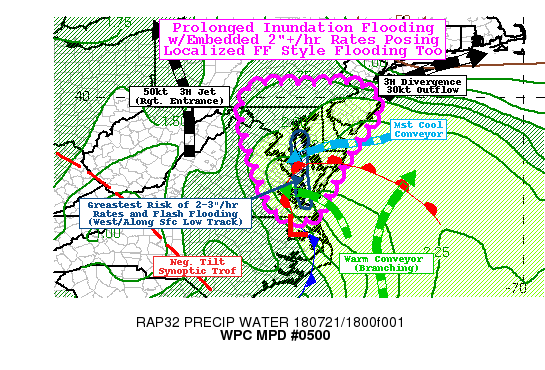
AREAS AFFECTED...EASTERN VA...CENTRAL MD...SOUTHEAST PA...SOUTHERN
NJ...DELMARVA PENINSULA...

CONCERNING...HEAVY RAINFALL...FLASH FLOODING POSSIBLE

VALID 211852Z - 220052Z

SUMMARY...PROLONGED MODERATE RAINS WITH OCCASIONAL EMBEDDED
CONVECTIVE ELEMENTS OVER 2"/HR POSE LIKELY INUNDATION FLOODING
WITH POSSIBLE LOCALIZED FLASH FLOODING ESPECIALLY NEAR SURFACE LOW
TRACK...

DISCUSSION...VERY DYNAMIC SYNOPTIC SETUP EVOLVING ACROSS THE
MID-ATLANTIC THIS AFTERNOON INTO EVENING HOURS.  A SHORTWAVE WITH
TROPICAL ORIGINS OUT OF THE EASTERN GULF OF MEXICO IS DRAWING A
STRONG WARM CONVEYOR BELT ALONG THE COASTAL CAROLINAS AND OFF
SHORE WITH TPWS OVER 2.25" NEARING 2.5" NEAR THE MOUTH OF THE
CHESAPEAKE BAY.  THIS SHORTWAVE IS NICELY ORIENTED IN THE SYNOPTIC
TROF THAT IS GOING NEGATIVE TILT AS THE 80KT 3H JET ROUNDS THE
BASE OF THE TROF ACROSS N GA WITH BROAD DIFFLUENCE ALOFT ACROSS
THE REGION.  AS SUCH 18Z SFC ANALYSIS DEPICTS A 1004MB LOW OVER NE
NC WHICH HAS DROPPED 3MB IN THE LAST 3 HOURS AND IS LIKELY TO
CONTINUE.  GIVEN THE CONFIGURATION A NARROW WEDGE BAROCLINIC
SHIELD EXISTS ACROSS SE PA TO THE NECKS OF VA WITH STRONG
LLJ/WESTERN BRANCH OF THE WARM CONVEYOR PROVIDING STRONG
ISENTROPIC ASCENT WITH 25KTS OF SELY 7H/25KTS EASTERLY 85H AND
30KTS OF NNELY 92H OF DEEP MOIST FLOW/FLUX PER VWP AT TADW AND
TBWI.  STILL INSTABILITY HAS BEEN LIMITED DUE TO 5C/KM LAPSE RATES
AND LIMITED INSOLATION AND LIMITED TO THE WARM CONVEYOR
OFFSHORE...STILL THE SLANTWISE FLOW IS STRONG ENOUGH TO DRAW
MUCAPES AS GREAT AS 1000 J/KG TO THE WESTERN SHORE OF THE
CHESAPEAKE BAY IN MD AND VA ATTM.  THIS IS SUPPORTING HOURLY RATES
UP TO .3-.5"/HR WITH SOME ISOLATED EMBEDDED CONVECTIVE ELEMENTS UP
TO .75"/HR WITHIN THE STRONGEST CONVERGENCE AT THE NOSE OF THE
LLJ/PSEUDO WARM FRONT/COOL CONVEYOR BELT INTERFACE CURRENTLY OVER
THE S DELMARVA TOWARD S NJ.

STRONG WESTERN GRADIENT ALONG THE DEFORMATION ZONE FROM KRIC TO
LOUDOUN COUNTY VA ALONG THE RIGHT ENTRANCE TO THE 50KT JET
ENTRANCE IN THE BEST ALSO SUPPORTS ENHANCED/FOCUSED MOISTURE
CONVERGENCE AND RATES UP TO .75"/HR WHICH WILL LIFT NORTHEAST IN A
TRAINING TYPE MANNER LEADING TO A SECONDARY MAXIMA THROUGH THE
EVENT INTO WEST CENTRAL MD AND ALONG FRONT RIDGE LINES OF S
CENTRAL PA TOO. WITH 2-4" TOTALS POSSIBLE THROUGH 00Z. THE MAJOR
LIMITING FACTOR IS THE VERY HIGH FFG VALUES AND THE DURATION OF
THE RAINFALL...WHICH MAY NOT BE EXCEEDED THROUGH 1/3/6HR TIME
FRAMES BUT PROLONGED INUNDATION IS LIKELY THROUGH MUCH OF THE AREA
OF CONCERN.

THE FLASHY STYLE ELEMENTS ARE LIKELY TO BE LIMITED ALONG AND JUST
WEST OF THE NORTHWARD TRACK OF THE SURFACE LOW.  RECENT 1HR
RAINFALL RATE OF 2.11" AT FNK IN SOUTHEAST VA IS INDICATIVE OF
THIS THREAT.  STRONG ISALLOBARIC FLOW/MST CONVERGENCE AND
FAVORABLE SHEAR VECTORS SHOULD SUPPORT MORE VERTICAL DEVELOPMENT
BUT ALSO A BACKBUILDING NATURE TOWARD THE CENTER OF LOW PRESSURE
ON THE DOWNWIND SIDE OF THE INNER MOST BAND OF CONVERGENCE.
CURRENT TRENDS/TRACK WOULD SUGGEST THE LOW TO SLIP THROUGH THE
NORFOLK METRO THEN HEAD JUST WEST OF DUE NORTH ALONG OR CENTERED
IN THE CHESAPEAKE BAY... THIS WILL LEAVE THE GREATEST THREAT OF
2"/HR RAIN RATES OVER THE ALREADY 1-3" TOTALS THAT WOULD HAVE
FALLEN PRECURSORY TO THIS SMALL CONVECTIVE COMPLEX.  IF ADDED BY
FRICTIONAL CONVERGENCE ALONG THE INLETS/NECKS OF THE RIVERS INTO
ST. MARY'S/CALVERT COUNTIES IN MD...FURTHER .25-.5"/HR RATES WOULD
BE POSSIBLE (PER RECENT HRRR/NSSL-WRF UP TO 3+"/HR IN THE 22-01Z
TIME FRAME)...BUT THIS SCENARIO REMAINS A BIT TOO UNCERTAIN AT
THIS TIME.